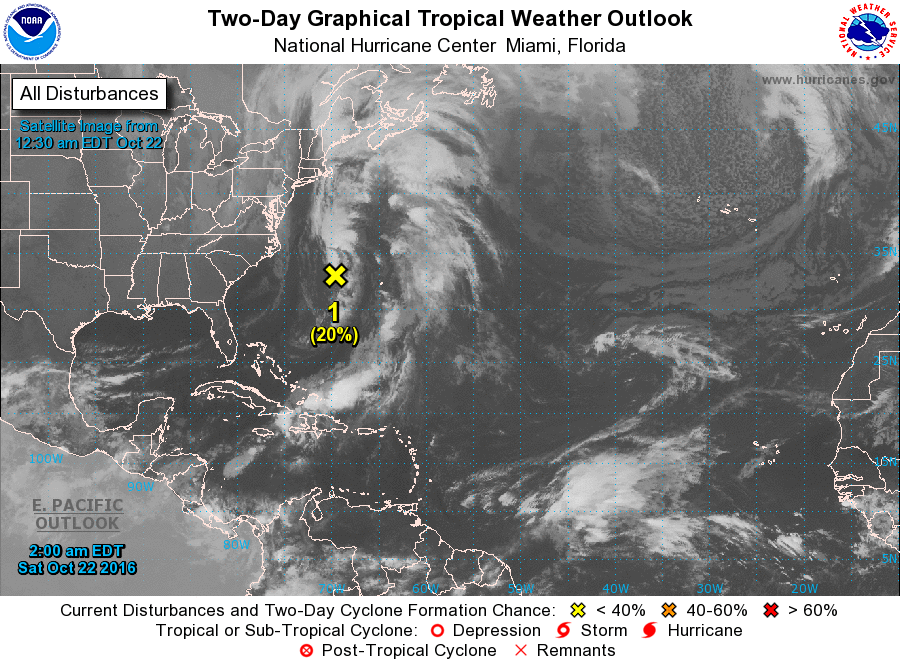
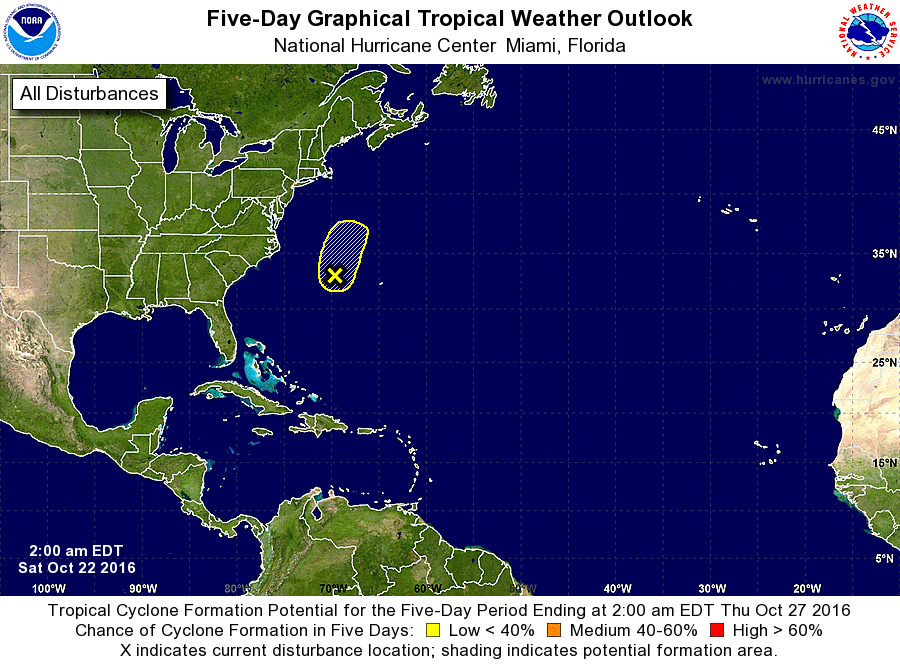
For the North Atlantic...Caribbean Sea and the Gulf of Mexico:

1. A non-tropical area of low pressure located about 400 miles east- southeast of Cape Hatteras, North Carolina, is producing an area of gale force winds to its southeast. While the associated shower and thunderstorm activity has increased a little during the past few hours, satellite wind data indicate that the surface circulation has become elongated and less well defined since yesterday. Strong upper-level winds are expected to limit the opportunity for this system to become a subtropical or tropical cyclone, and the low is expected to degenerate into a trough ahead of an approaching frontal system later today while it moves north-northeastward at 25 to 30 mph. For additional information on this system, see High Seas Forecasts issued by the National Weather Service.
* Formation chance through 48 hours...low...20 percent
* Formation chance through 5 days...low...20 percent

High Seas Forecasts issued by the National Weather Service can be found under AWIPS header NFDHSFAT1, WMO header FZNT01 KWBC, and on the Web at http://www.opc.ncep.noaa.gov/shtml/NFDHSFAT1.shtml.

Forecaster Brennan